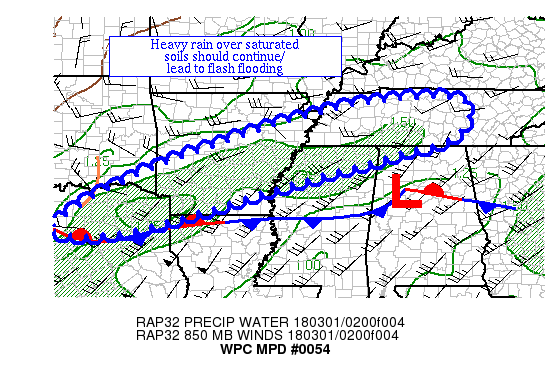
AREAS AFFECTED...ARKLATEX, AR, NORTHERN MS, & TN

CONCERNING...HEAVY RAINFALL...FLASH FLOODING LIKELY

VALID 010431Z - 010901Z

SUMMARY...A BAND OF HEAVY RAIN IS EXPECTED TO IMPACT THE REGION
INTO THE EARLY MORNING HOURS.  LOCAL AMOUNTS OF 3-4" OVER
SATURATED SOILS IS EXPECTED TO LEAD TO AND/OR PROLONG FLASH
FLOODING.

DISCUSSION...A BROAD OVERRUNNING PATTERN HAS SET UP FROM NORTHEAST
TX ACROSS AR AND EXTENDING INTO TN WITHIN A REGION OF OVERLAPPING
850 HPA, 750 HPA, AND 650 FRONTOGENESIS PER THE 18Z GFS GUIDANCE.
PRECIPITABLE WATER VALUES OF 1.5-1.7" ARE SEEN HERE PER GPS
VALUES.  THE ATMOSPHERE IS SATURATED AS THE MID- AND UPPER-LEVEL
FLOW HAS A FETCH FROM OFFSHORE BAJA CALIFORNIA WHILE THE LOW-LEVEL
INFLOW IS OFF OF THE GULF OF MEXICO.  THE WIND FLOW IS FAIRLY
UNIDIRECTIONAL WITH HEIGHT OUT OF THE WEST-SOUTHWEST ABOVE 2,000
FEET PER THE LITTLE ROCK AR VAD WIND PROFILE.

WHILE MUCAPE VALUES OF 500+ J/KG ARE SEEN ACROSS NORTHEAST TX,
PLACES FARTHER AFIELD ACROSS AR AND NORTHERN MS HAVE VALUES OF
100-200 J/KG PER SPC MESOANALYSES.  WHILE THESE VALUES ARE MEAGER,
SOIL CONDITIONS OVER A VAST PORTION OF THE AREA ARE SATURATED DUE
TO RAINFALL BEING 300-700% OF NORMAL OVER THE PAST COUPLE WEEKS,
WITH THE LARGEST DEPARTURES ACROSS CENTRAL AR, PATCHES OF
NORTHEAST TX AND SOUTHEAST OK.  EVEN WITH THIS LITTLE INSTABILITY,
HOURLY RAIN RATES OF 0.5" ARE POSSIBLE WHICH WOULD COMPROMISE
SATURATED SOILS.  THREE HOURLY FLASH FLOOD GUIDANCE VALUES ARE
PRACTICALLY ZERO ACROSS SOUTH-CENTRAL AR AND ARE LOW FROM THE
ARKLATEX ACROSS MUCH OF TN.  THE MESOSCALE GUIDANCE ADVERTISES
LOCAL AMOUNTS IN THE 3-4" OVER THE MOST SENSITIVE AREA IN AR WITH
LOWER, THOUGH STILL THREATENING, AMOUNTS EXTENDING INTO CENTRAL
TN.  FLASH FLOODING IS CONSIDERED LIKELY.